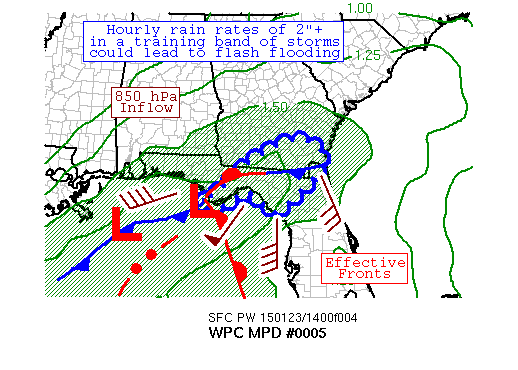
AREAS AFFECTED...NORTHEAST FL & SOUTHERN GA

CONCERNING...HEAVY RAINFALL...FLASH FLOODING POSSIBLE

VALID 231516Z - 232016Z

SUMMARY...A CONVECTIVE BAND IS ABOUT TO BECOME QUASI-STATIONARY
ACROSS NORTHERN FL, INCREASING THE RISK OF CELL TRAINING OVER AN
AREA OF SATURATING/CLAY SOILS.  FLASH FLOODING IS POSSIBLE.

DISCUSSION...A LENGTHENING/SOLIDIFYING BAND OF THUNDERSTORMS HAS
DEVELOPED AHEAD OF A WAVY COLD FRONT, EXTENDING FROM THE LOOP
CURRENT IN THE CENTRAL GULF OF MEXICO NORTHEAST TOWARDS THE
EASTERN FL PANHANDLE, WHICH SHOWS COOLING CLOUD TOPS ON SATELLITE
IMAGERY.  SATELLITE AND RADAR IMAGERY SUGGEST THE FORWARD
PROGRESSION OF THE LINE IS SLOWING AS A SHORTWAVE ESCAPES TO THE
NORTH THROUGH GA.  INFLOW AT 850 HPA IS SOUTHWEST AT 50 KTS PER
THE TLH VAD WIND PROFILE, WHICH SLIGHTLY EXCEEDS THE 850-400 HPA
MEAN WINDS, ALLOWING FOR PRECIPITATION EFFICIENCY.  PRECIPITABLE
WATER VALUES (DERIVED BY SATELLITE) ARE CLOSE TO 1.8" IN THIS
AREA, NEAR RECORD VALUES FOR LATE JANUARY.  CAPE VALUES EXCEEDING
500 J/KG LURK JUST OFFSHORE THE FL PANHANDLE.

RECENT RAP RUNS SUGGEST THAT A WEAK POLAR WARM FRONT SHOULD CROSS
FL TODAY, TURNING LOW-LEVEL WINDS TO MORE SOUTHWESTERLY, CREATING
A DEEP UNIDIRECTIONAL WIND PATTERN WITH HEIGHT.  BOTH THE TLH AND
JAX SOUNDINGS ARE MOIST, WITH FREEZING LEVELS MORE THAN 11,000
FEET ABOVE GROUND LEVEL -- WARM RAIN PROCESSES SHOULD BE AT PLAY.
RECENT HRRR, RAP, 06Z REGIONAL CANADIAN MODEL, AND 12Z NAM CONEST
GUIDANCE APPEAR TO HAVE THE BEST HANDLE ON THE CONVECTIVE
SITUATION, WITH THE LAST FEW HRRR RUNS INDICATING LOCAL AMOUNTS OF
4-7" POSSIBLE THROUGH 21Z, WHICH WOULD EXCEED FLASH FLOOD GUIDANCE
VALUES.  THE 06Z GFS AND RECENT RAP RUNS INDICATE FORWARD
PROPAGATION TO THE CONVECTION ACROSS NORTHERN FL SHOULD CONTINUE
TO SLOW OVER THE NEXT FEW HOURS, INCREASING THE RISK OF CELL
TRAINING.  AVAILABLE MOISTURE VALUES SUGGEST HOURLY RAIN RATES
NEAR 2" ARE POSSIBLE, WHICH RADAR INDICATES IS BEING EXCEEDED
NORTHWEST OF APALACHICOLA.  WITH SATURATING AND CLAY SOILS ACROSS
THIS AREA, FLASH FLOODING IS CONSIDERED POSSIBLE OVER THE NEXT
SEVERAL HOURS.